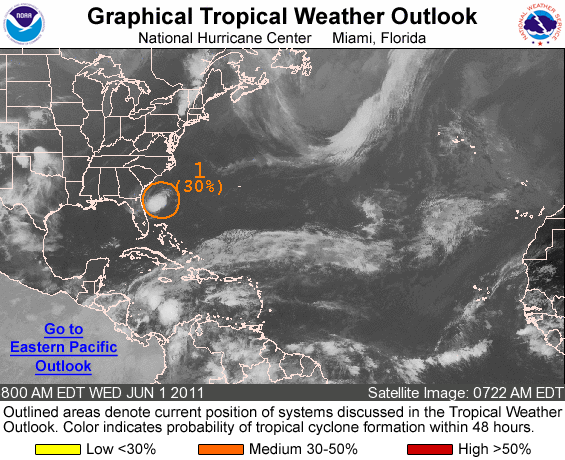
FOR THE NORTH ATLANTIC...CARIBBEAN SEA AND THE GULF OF MEXICO...

1. A SMALL AREA OF LOW PRESSURE LOCATED ABOUT 200 MILES EAST OF JACKSONVILLE FLORIDA IS MOVING WEST-SOUTHWESTWARD AT AROUND 20 MPH. THE LOW CONTINUES TO PRODUCE A CONCENTRATED AREA OF SHOWERS AND THUNDERSTORMS...AND ENVIRONMENTAL CONDITIONS ARE MARGINALLY FAVORABLE FOR SOME DEVELOPMENT OF THIS SYSTEM BEFORE IT MOVES OVER NORTHERN FLORIDA LATER TODAY. REGARDLESS OF DEVELOPMENT...THIS DISTURBANCE COULD PRODUCE LOCALLY HEAVY RAINFALL AND STRONG GUSTY WINDS OVER PORTIONS OF THE FLORIDA PENINSULA. THERE IS A MEDIUM CHANCE...30 PERCENT...OF THIS SYSTEM BECOMING A TROPICAL CYCLONE DURING THE NEXT 48 HOURS.

FOR ADDITIONAL INFORMATION ON THIS SYSTEM...PLEASE SEE PRODUCTS FROM YOUR LOCAL NATIONAL WEATHER SERVICE OFFICE.

ELSEWHERE...TROPICAL CYCLONE FORMATION IS NOT EXPECTED DURING THE NEXT 48 HOURS.

TODAY MARKS THE FIRST DAY OF THE ATLANTIC HURRICANE SEASON...WHICH WILL RUN UNTIL NOVEMBER 30. LONG-TERM AVERAGES FOR THE NUMBER OF NAMED STORMS...HURRICANES...AND MAJOR HURRICANES ARE 11...6...AND 2...RESPECTIVELY.

THE LIST OF NAMES FOR 2011 IS AS FOLLOWS:

NAME PRONUNCIATION NAME PRONUNCIATION ------------------------------------------------------------- ARLENE AR LEEN- LEE LEE BRET BRET MARIA MUH REE- UH CINDY SIN- DEE NATE NAIT DON DAHN OPHELIA O FEEL- YA EMILY EH- MIH LEE PHILIPPE FEE LEEP- FRANKLIN FRANK- LIN RINA REE- NUH GERT GERT SEAN SHAWN HARVEY HAR- VEE TAMMY TAM- EE IRENE EYE REEN- VINCE VINSS JOSE HO ZAY- WHITNEY WHIT- NEE KATIA KA TEE- AH

THIS PRODUCT...THE TROPICAL WEATHER OUTLOOK...BRIEFLY DESCRIBES SIGNIFICANT AREAS OF DISTURBED WEATHER AND THEIR POTENTIAL FOR TROPICAL CYCLONE FORMATION DURING THE NEXT 48 HOURS. THE ISSUANCE TIMES OF THIS PRODUCT ARE 2 AM...8 AM...2 PM...AND 8 PM EDT. AFTER THE CHANGE TO STANDARD TIME IN NOVEMBER...THE ISSUANCE TIMES ARE 1 AM...7 AM...1 PM...AND 7 PM EST.

A SPECIAL TROPICAL WEATHER OUTLOOK WILL BE ISSUED TO PROVIDE UPDATES ...AS NECESSARY...IN BETWEEN THE REGULARLY SCHEDULED ISSUANCES OF THE TROPICAL WEATHER OUTLOOK. SPECIAL TROPICAL WEATHER OUTLOOKS WILL BE ISSUED UNDER THE SAME WMO AND AWIPS HEADERS AS THE REGULAR TROPICAL WEATHER OUTLOOKS.

A STANDARD PACKAGE OF PRODUCTS...CONSISTING OF THE TROPICAL CYCLONE PUBLIC ADVISORY...THE FORECAST/ADVISORY...THE CYCLONE DISCUSSION... AND A WIND SPEED PROBABILITY PRODUCT...IS ISSUED EVERY SIX HOURS FOR ALL ONGOING TROPICAL CYCLONES. IN ADDITION...A SPECIAL ADVISORY PACKAGE MAY BE ISSUED AT ANY TIME TO ADVISE OF SIGNIFICANT UNEXPECTED CHANGES OR TO MODIFY WATCHES OR WARNINGS.

THE TROPICAL CYCLONE UPDATE IS A BRIEF STATEMENT TO INFORM OF SIGNIFICANT CHANGES IN A TROPICAL CYCLONE OR TO POST OR CANCEL WATCHES OR WARNINGS. IT IS USED IN LIEU OF OR TO PRECEDE THE ISSUANCE OF A SPECIAL ADVISORY PACKAGE. TROPICAL CYCLONE UPDATES ...WHICH CAN BE ISSUED AT ANY TIME...CAN BE FOUND UNDER WMO HEADER WTNT61-65 KNHC...AND UNDER AWIPS HEADER MIATCUAT1-5.

ALL NATIONAL HURRICANE CENTER TEXT AND GRAPHICAL PRODUCTS ARE AVAILABLE ON THE WEB AT WWW.HURRICANES.GOV. SIGN UP FOR PRODUCT UPDATES BY EMAIL AT WWW.HURRICANES.GOV/SIGNUP.SHTML...IN ALL LOWER CASE. YOU CAN ALSO INTERACT WITH US ON FACEBOOK AT WWW.FACEBOOK.COM/US.NOAA.NATIONALHURRICANECENTER.GOV.

FORECASTER BERG/PASCH